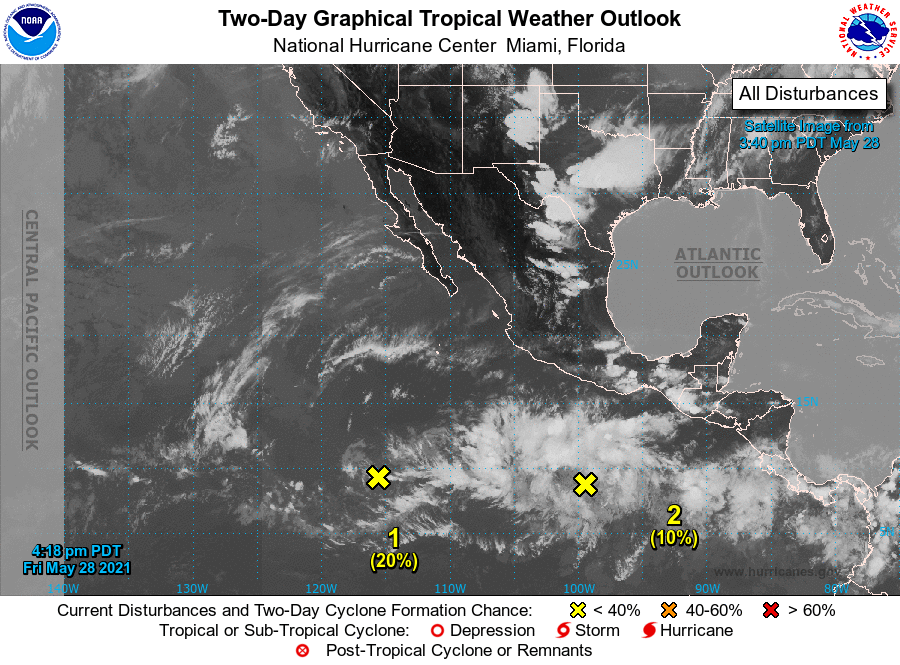
For the eastern North Pacific...east of 140 degrees west longitude:

1. Shower activity remains limited in association with a broad area of low pressure located about 1000 miles south-southwest of the southern tip of the Baja California peninsula. This system is moving westward at about 10 mph and some slow development is possible during the next few days before it moves into a drier and more stable airmass early next week.
* Formation chance through 48 hours...low...20 percent.
* Formation chance through 5 days...low...30 percent.

2. A trough of low pressure is producing a large area of disorganized showers and thunderstorms several hundred miles south of Acapulco, Mexico. Gradual development of this system is possible during the next several days while it moves slowly west-northwestward to the south of Mexico.
* Formation chance through 48 hours...low...10 percent.
* Formation chance through 5 days...medium...40 percent.

Forecaster Latto